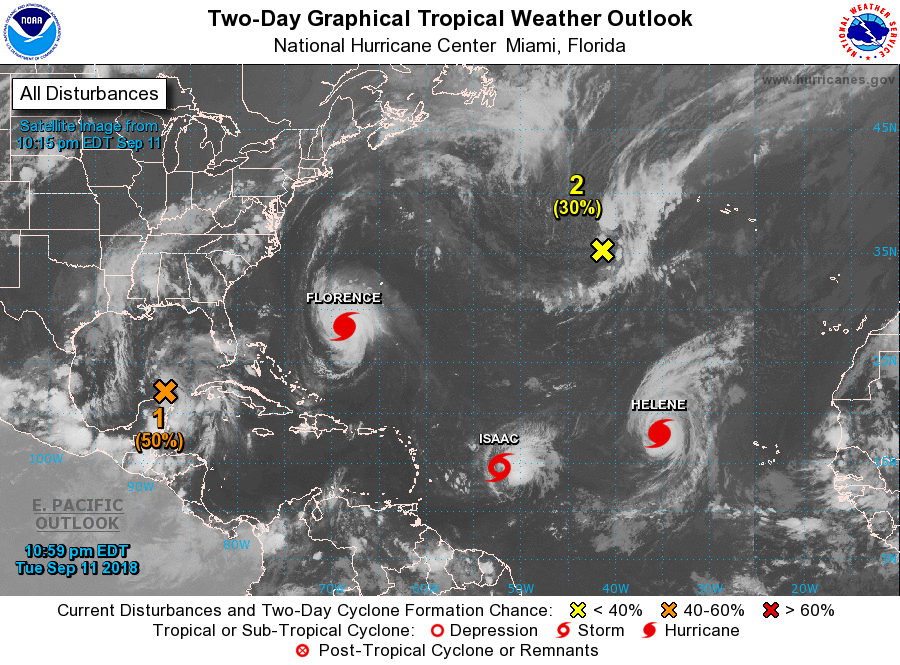
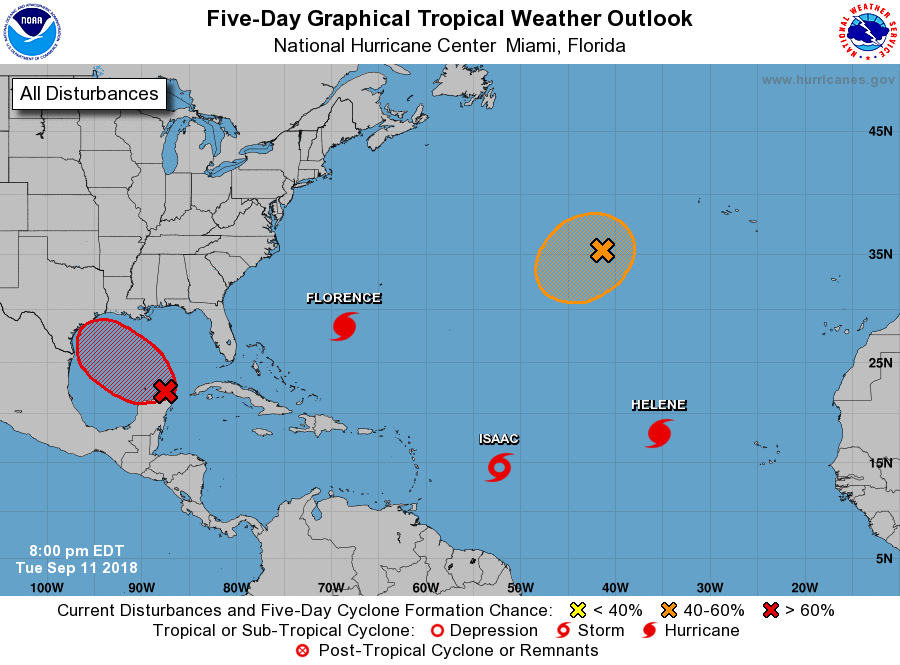
For the North Atlantic...Caribbean Sea and the Gulf of Mexico:

The National Hurricane Center is issuing advisories on Hurricane Florence, located over the west-central Atlantic Ocean, on Hurricane Helene, located over the eastern Atlantic, and on Tropical Storm Isaac, located several hundred miles east of the Lesser Antilles.

1. An area of disturbed weather located over the extreme northwestern Caribbean Sea and the southeastern Gulf of Mexico continues to show some signs of organization. Upper-levels winds are forecast to become more conducive for development, and a tropical depression is likely to form by Thursday night while the disturbance moves across the western Gulf of Mexico. If necessary, an Air Force reconnaissance plane will investigate the system tomorrow. Interests across northeastern Mexico and the coasts of Texas and Louisiana should monitor the progress of this system. Regardless of development, heavy rainfall and gusty winds are expected to continue over western Cuba and portions of the northeastern Yucatan Peninsula through tonight.
* Formation chance through 48 hours...medium...50 percent.
* Formation chance through 5 days...high...70 percent.

2. A non-tropical area of low pressure is forecast to form several hundred miles west-southwest of the Azores within the next day or so. Environmental conditions are conducive for some development, and a tropical or subtropical depression could form by the end of the week while the low meanders over the northeastern Atlantic Ocean.
* Formation chance through 48 hours...low...30 percent.
* Formation chance through 5 days...medium...50 percent.

Forecaster Pasch